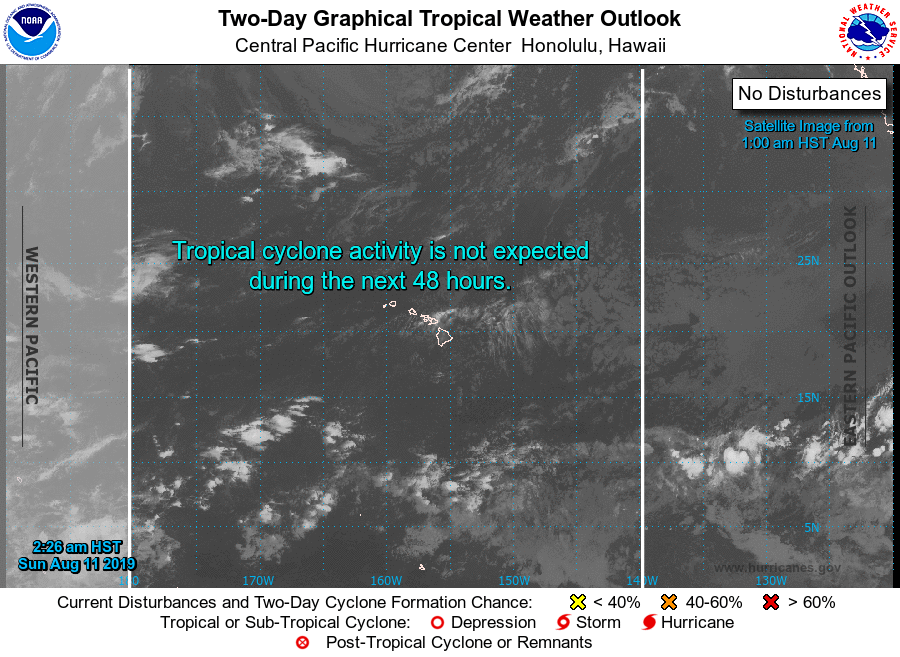
For the central North Pacific...between 140W and 180W:

1. An area of low pressure is forecast to develop several hundred miles southwest of Hawaii over the next few days. Environmental conditions are expected to become more conducive for slow development of the system through the week as it moves west to west-northwest at 10 to 15 mph.
* Formation chance through 48 hours...low...near 0 percent.
* Formation chance through 5 days...low...20 percent.

Elsewhere, no tropical cyclones are expected during the next 5 days.

Forecaster TS